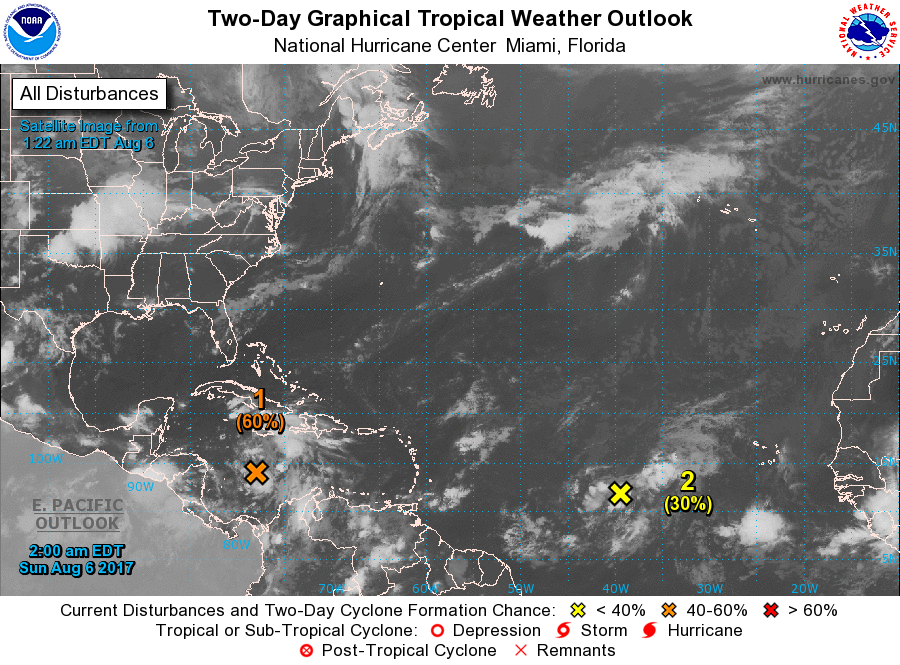
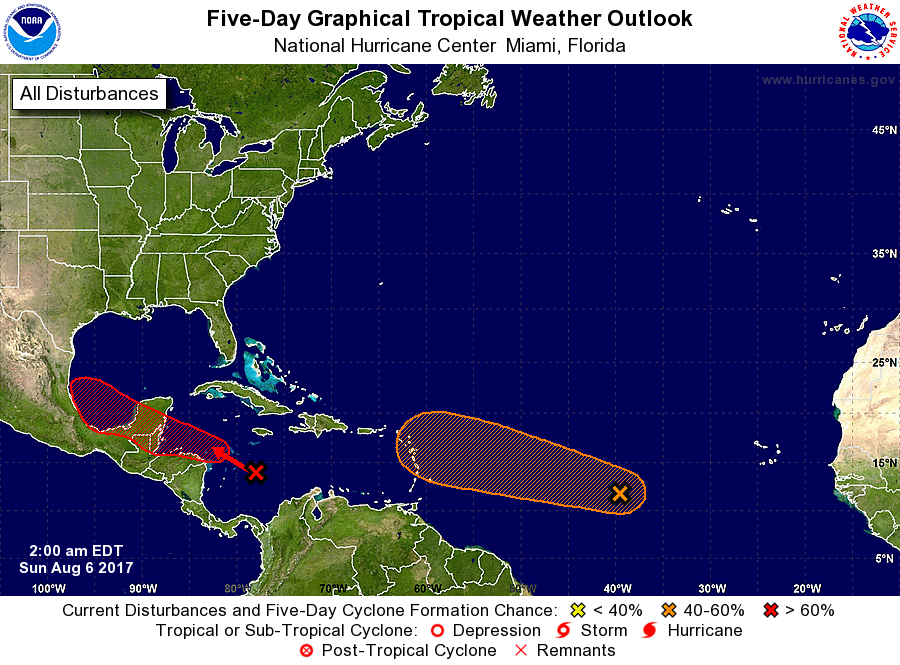
For the North Atlantic...Caribbean Sea and the Gulf of Mexico:

1. Showers and thunderstorms associated with a strong tropical wave located over the central Caribbean Sea have changed little. However, further development of this system is possible while it moves west-northwestward at 10 to 15 mph, and a tropical depression or tropical storm could form over the northwestern Caribbean Sea before it reaches the Yucatan peninsula late Monday or Tuesday. Even if formation does not occur before the system reaches the Yucatan peninsula, a tropical depression or tropical storm could form over the Bay of Campeche by midweek. Development would likely not occur if the system moves inland over Central America and southeastern Mexico and does not re-emerge over water. An Air Force Reserve reconnaissance aircraft is scheduled to investigate this system this afternoon, if necessary. Interests along the coasts of Honduras, Belize, and the Yucatan peninsula of Mexico should monitor the progress of this disturbance.
* Formation chance through 48 hours...medium...60 percent.
* Formation chance through 5 days...high...80 percent.

2. Shower activity associated with an elongated area of low pressure located about 1100 miles west-southwest of the Cabo Verde Islands has changed little during the past several hours. Some slow development is still possible during the next two to three days before the system encounters less favorable environmental conditions by the middle of the week. This system is expected to move generally west-northwestward across the tropical Atlantic at about 15 mph.
* Formation chance through 48 hours...low...30 percent.
* Formation chance through 5 days...medium...50 percent.

Forecaster Stewart